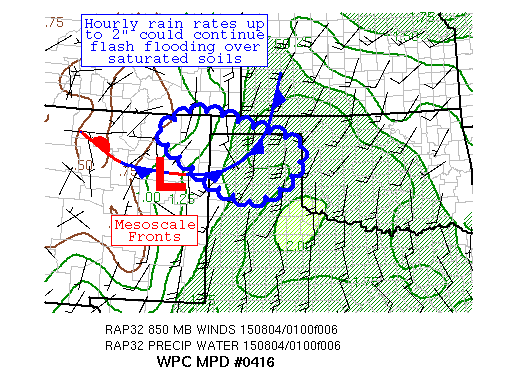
AREAS AFFECTED...TX PANHANDLE, NORTHEAST NM, AND VICINITY

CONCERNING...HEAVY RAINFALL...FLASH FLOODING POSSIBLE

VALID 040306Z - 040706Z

SUMMARY...THUNDERSTORMS WITH HOURLY RAIN RATES UP TO 2" COULD
CAUSE FLASH FLOODING OVER SATURATED SOILS.

DISCUSSION...SATELLITE IMAGERY SHOWS A MATURE CONVECTIVE COMPLEX
WITH EXPANDING CLOUD TOPS ACROSS THE TX PANHANDLE, WITH LINGERING
ACTIVITY ACROSS NORTHEASTERNMOST NM AND SOUTHEASTERNMOST CO.
RADAR ESTIMATES SHOW HOURLY RAIN RATES UP TO 2" WITHIN THIS
REGION, WITH THUNDERSTORMS MOVING SOUTHEAST AT 15 KTS, PARALLEL TO
THE 1000-500 HPA THICKNESS PATTERN BUT AT THE MAGNITUDE OF THE
FORWARD PROPAGATING CONVECTIVE VECTORS.  PRECIPITABLE WATER VALUES
ACROSS THE REGION ARE 1.50-1.75" PER GPS INFORMATION.  INFLOW AT
850 HPA IS 20-25 KTS PER VAD WIND PROFILES, SOMEWHAT BELOW THE
CLOUD BASES IN THE REGION.  MUCAPES OF 1000-2000 J/KG LIE WITHIN
THE AREA PER SPC MESOANALYSES.

RAP GUIDANCE SUGGESTS 850 HPA INFLOW SHOULD INCREASE AND VEER
OVERNIGHT, WHICH SUGGESTS CONTINUED CONVECTIVE DEVELOPMENT AS THE
STORMS MOVE INTO A MORE MOIST ENVIRONMENT.  HOWEVER, THIS SUPPLY
OF MUCAPE SHOULD ONLY PROVIDE FUEL TO ORGANIZED THUNDERSTORMS IN
THIS REGION FOR ANOTHER 3-4 HOURS.  WHILE OUTFLOW IS ADVANCING
AHEAD OF THE CONVECTION, CIN IS DEVELOPING ALONG THE OUTFLOW
BOUNDARY, WHICH SHOULD FORCE THE CONVECTION TO REMAIN ELEVATED
DURING THE OVERNIGHT HOURS.  THE 18Z SSEO NEIGHBORHOOD
PROBABILITIES AGREE, SHOWING THREE HOUR FLASH FLOOD EXCEEDANCE
PROBABILITIES OVER 50% THROUGH 05Z, BEFORE THEY DROP UNDER 30% BY
07Z.  HOURLY RAIN RATES SHOULD RANGE UP TO 2" UNTIL THEN.  THE
MESOSCALE GUIDANCE GENERALLY INDICATES LOCAL AMOUNTS IN THE 2-4"
RANGE OVER THE NEXT SEVERAL HOURS.  SOME CELL TRAINING/MERGERS
WITH CONVECTION MOVING IN FROM NORTHEAST NM IS POSSIBLE.  FLASH
FLOODING REMAINS POSSIBLE OVER SATURATED SOILS.